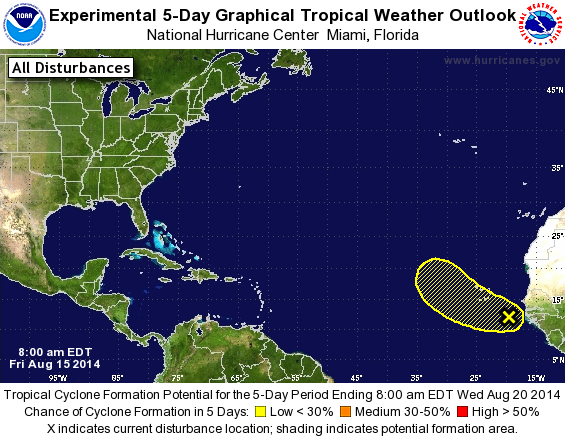
For the North Atlantic...Caribbean Sea and the Gulf of Mexico:

1. An area of low pressure associated with a tropical wave is centered just off the west coast of Africa. This low is accompanied by an area of disturbed weather, and is forecast to move west- northwestward toward an environment unfavorable for significant development.
* Formation chance through 48 hours...low...near 0 percent.
* Formation chance through 5 day...low...20 percent.

Forecaster Avila